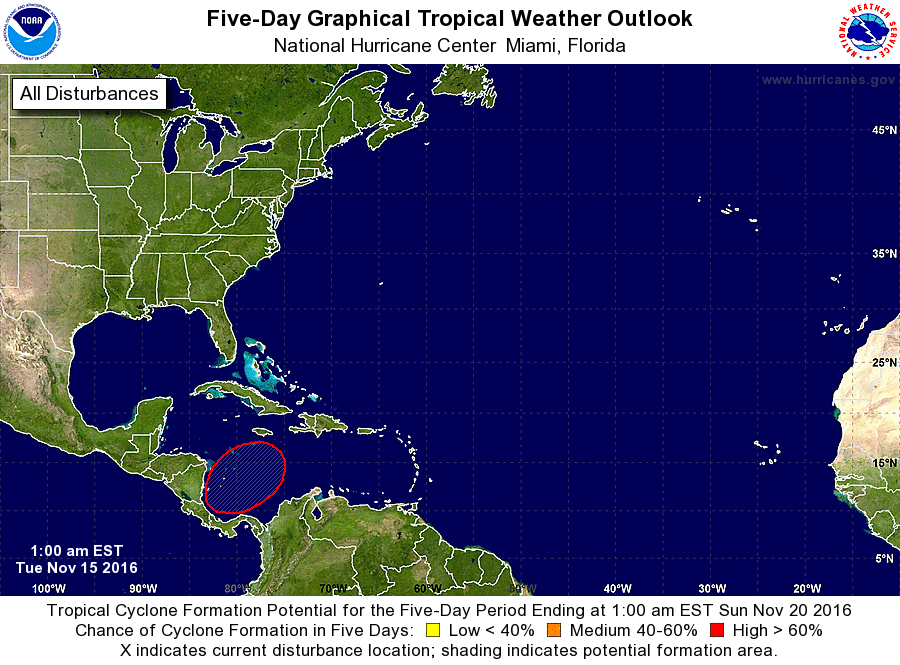
For the North Atlantic...Caribbean Sea and the Gulf of Mexico:

1. Cloudiness and thunderstorms continue over portions of the southwestern Caribbean Sea in association with a broad area of low pressure that is gradually forming across the region. Environmental conditions are conducive for slow development of this disturbance during the next several days, and a tropical depression is likely to form by late this week or over the weekend while the low drifts northward or northeastward.
* Formation chance through 48 hours...low...10 percent
* Formation chance through 5 days...high...70 percent

Forecaster Kimberlain